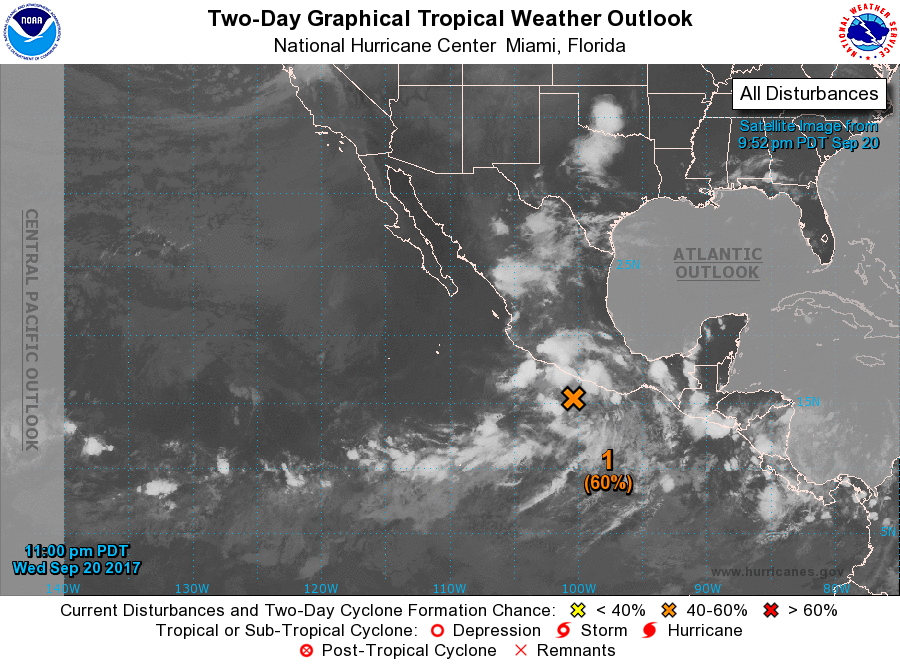
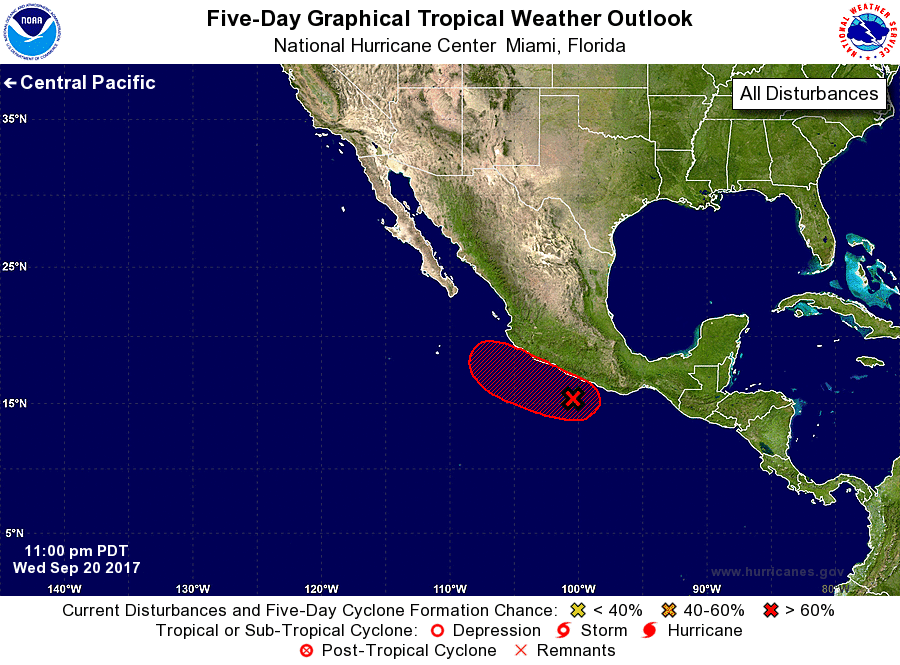
For the eastern North Pacific...east of 140 degrees west longitude:

1. Shower and thunderstorm activity associated with a broad area of low pressure located just offshore of the southwest coast of Mexico has increased, but remains disorganized. Environmental conditions are expected to be conducive for gradual development, and a tropical depression is likely to form in two to three days as the system moves slowly toward the west-northwest. Regardless of tropical cyclone formation, heavy rains are expected over portions of southern Mexico during the next several days.
* Formation chance through 48 hours...medium...60 percent.
* Formation chance through 5 days...high...80 percent.

Forecaster Zelinsky